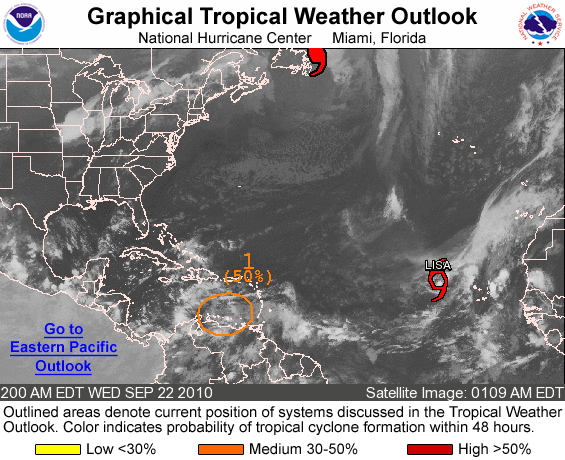
FOR THE NORTH ATLANTIC...CARIBBEAN SEA AND THE GULF OF MEXICO...

THE NATIONAL HURRICANE CENTER IS ISSUING ADVISORIES ON TROPICAL STORM LISA...LOCATED ABOUT 505 MILES WEST-NORTHWEST OF THE CAPE VERDE ISLANDS.

1. SHOWERS AND THUNDERSTORMS ASSOCIATED WITH A TROPICAL WAVE OVER THE SOUTHEASTERN CARIBBEAN SEA HAVE CHANGED LITTLE IN ORGANIZATION DURING THE PAST SEVERAL HOURS. HOWEVER...ENVIRONMENTAL CONDITIONS APPEAR CONDUCIVE FOR A TROPICAL DEPRESSION TO FORM DURING THE NEXT COUPLE OF DAYS AS THE SYSTEM MOVES WESTWARD NEAR 15 MPH. THERE IS A MEDIUM CHANCE...50 PERCENT...OF THIS SYSTEM BECOMING A TROPICAL CYCLONE DURING THE NEXT 48 HOURS. REGARDLESS OF DEVELOPMENT... LOCALLY HEAVY RAINFALL AND GUSTY WINDS ARE LIKELY OVER THE WINDWARD ISLANDS...THE NETHERLANDS ANTILLES...AND THE NORTHERN COASTS OF VENEZUELA AND COLOMBIA DURING THE NEXT DAY OR TWO. THESE RAINS COULD CAUSE LIFE-THREATENING FLASH FLOODS AND MUD SLIDES.

ELSEWHERE...TROPICAL CYCLONE FORMATION IS NOT EXPECTED DURING THE NEXT 48 HOURS.

FORECASTER KIMBERLAIN